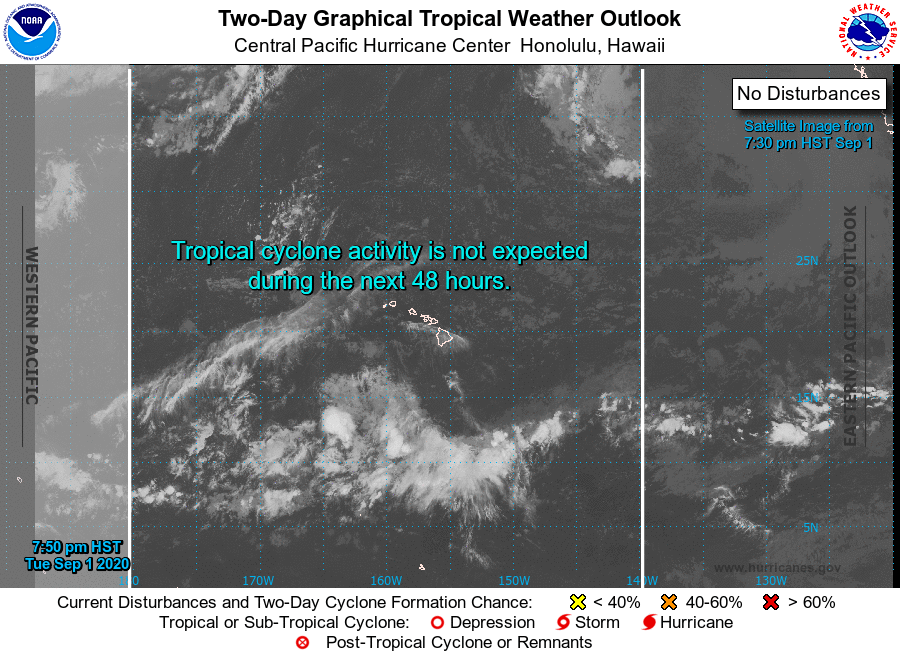
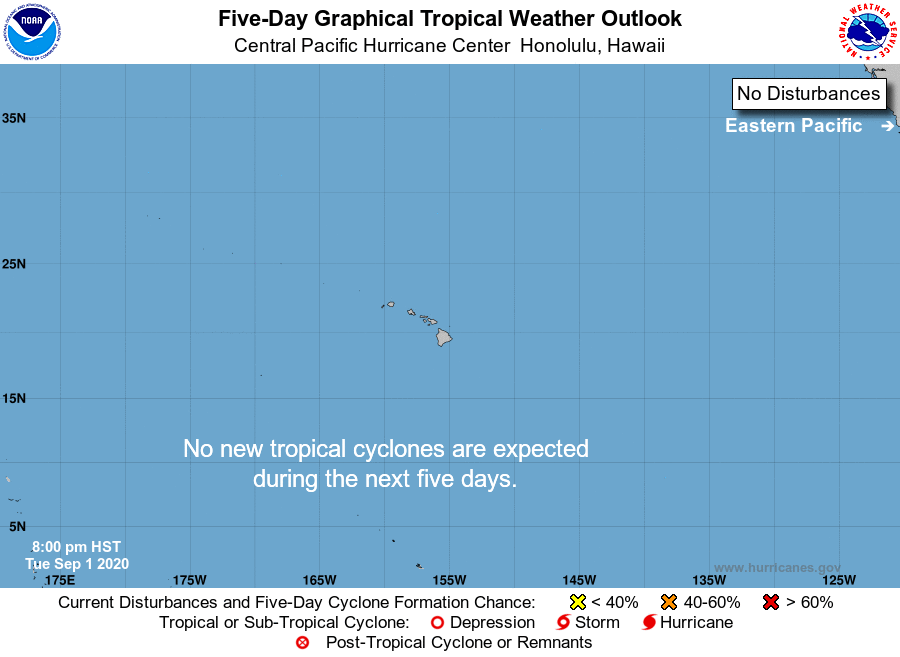
For the central North Pacific...between 140W and 180W:

No tropical cyclones are expected during the next 5 days.

Forecaster Blood